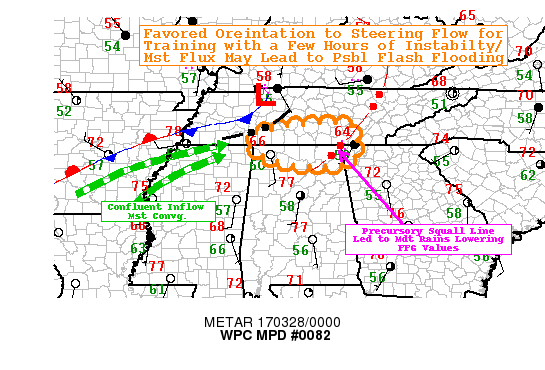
AREAS AFFECTED...SOUTH CENTRAL TN...NORTHERN AL

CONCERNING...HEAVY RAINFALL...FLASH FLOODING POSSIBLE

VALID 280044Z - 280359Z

SUMMARY...SHORT-TERM FLASH FLOODING CONCERN AS PROGRESSIVE LINE
FLATTENS TO THE MEAN FLOW SUPPORTING SOME TRAINING NEARING AREAS
AFFECTED BY EARLIER CONVECTION TODAY.

DISCUSSION...GOES-E/16 AND RADAR MOSAIC DENOTES CONSOLIDATED
CONVECTIVE LINE AT THE BASE OF ENHANCED SURFACE TROF SOUTH OF
CONTINUING TO SHEAR SURFACE LOW CROSSING NORTH CENTRAL TN.
UPSTREAM HEIGHT FALLS HAS STALLED SOUTHWARD PUSH OF FRONTAL ZONE
MAKING IT STATIONARY ACROSS CENTRAL AR INTO N MS.  YET 925-85H
CONFLUENT MILD FLOW ALONG THE BOUNDARY WILL CONTINUE TO FEED
MODERATE MOISTURE WITH TPWS OF JUST ABOVE 1.0"/AND SFC TDS IN THE
LOWER 60S.  ADDITIONALLY WEAK SOUTHERLY FLOW IN ADVANCE OF THE
LINE WITH SIMILAR MOISTURE ENVIRONMENT WILL CONTINUE TO MAINTAIN
SUFFICIENT MST FLUX TO THE LINE.

THE GREATER CONCERN IS THE ORIENTATION OF THE STEERING FLOW TO THE
LINE BECOMING MORE PARALLEL AS IT DROPS SOUTH ACROSS THE SOUTHERN
MOST LINE OF COUNTIES IN TN INTO N AL...WITH SOME TRAINING OF
CELLS BECOMING MORE PROBABLE.  THOUGH MAGNITUDE OF RAINFALL WAS
NOT SIGNIFICANT WITH SOME MINOR EXCEPTIONS (FRANKLIN COUNTY AL AOA
1.0" - LIKELY TO BE MISSED BASED ON TRENDS) EARLIER TODAY...THE
WETTING OF THE GROUNDS OVER FFG VALUES IN THE 1.5-2.5" RANGE FOR
1HR-3HR TIME PERIODS MAY HAVE LOCALLY LOWERED THESE VALUES A BIT
SETTING THE STAGE FOR THIS NEXT ROUND.  RATES UP TO 1.5"/HR ARE
EXPECTED BUT WITH FAIRLY PROGRESSIVE CELL MOTIONS OVERALL THERE IS
LIKELY A LIMITED WINDOW FOR TOTALS TO COMPOUND LEADING ONLY TO
LOCALIZED AREAS TO EXCEED FFG VALUES LEADING TO FLASH FLOODING
POSSIBLE.  WITH LOSS OF DAYTIME HEATING INSTABILITY VALUES ARE
ALREADY REDUCING LIMITING THE THREAT IN TIME WITH CELLS LIKELY TO
BE WANING AS THEY CROSS INTO N GA.